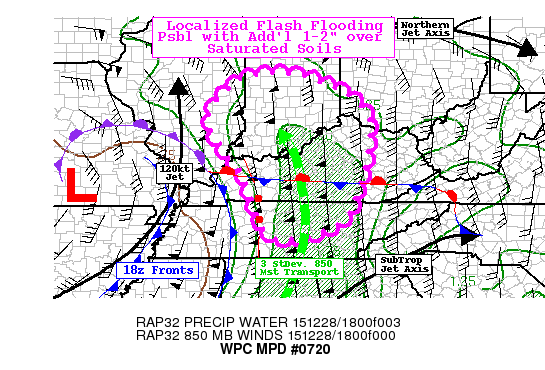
AREAS AFFECTED...CENT KENTUCKY...N CENT TENNESSEE...EXT SE
ILLINOIS...S INDIANA...EXT SW OHIO

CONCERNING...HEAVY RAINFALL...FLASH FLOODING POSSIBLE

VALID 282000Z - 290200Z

SUMMARY...NARROWING BAND OF MODERATE TO HEAVY SHOWERS WITH UP TO
2" TOTALS TO FALL OVER SATURATED SOILS FOR POSSIBLY LOCALIZED
FLASH FLOODING.

DISCUSSION...VERY MATURE OCCLUDED CYCLONE LIFTING NORTH WITH 120
KT SLY 3H POLAR JET CENTERED NEAR THE BOOTHEEL WITH RIGHT ENTRANCE
REGION OVER S IN/SW OH TO SHRINKING OUTFLOW CHANNEL/WESTERLY JET
ACROSS THE GREAT LAKES INTO NEW ENGLAND.  SUBTROPICAL JET CROSSES
THE FRONTAL BOUNDARY ACROSS CENTRAL AL INTO N GA TO KEEP MUCH OF
THE SOUTHERN PORTION OF THE DISCUSSION AREA WITHIN GOOD DIFFLUENCE
BETWEEN IT AND THE SOUTHERLY POLAR STREAM. MOISTURE FLUX REMAINS
WELL OVER 3 STANDARD DEVIATIONS ACROSS THE CENTRAL TN AND OHIO
RIVER VALLEYS MAINLY ON 70-75KT LLJ PUMPING 1.75" TPW ACROSS TN
AND UP TO 1.5" ACROSS S IN.  SOME WEAK INSTABILITY REMAINS WITHIN
THIS WARM/MST SOUTHERLY CHANNEL TO MAINTAIN CONVECTION ALONG
SQUALL LINE ACROSS W CENTRAL KY INTO TN.  RATES OF 1.0-1.5"/HR ARE
EXPECTED WITH THIS LINE BUT EASTWARD PROGRESSION SHOULD REDUCE
TOTALS AOA 1.0".  THIS LINE IS ALSO PRECEDED BY AN HOUR OR SO OF
MODERATE SHIELD PRECIPITATION DUE TO THE LARGE SCALE ASCENT...AS
SUCH AN ADDITIONAL 1-2" CAN BE EXPECTED ACROSS KY/TN...REDUCING TO
.75-1.25" OVER S IN.  THIS COULD LEAD TO ISOLATED FLASH FLOODING
PARTICULARLY NEAR THE OHIO RIVER WHERE PRIOR MODERATE/HVY RAINFALL
HAS REDUCED FFG AS WELL AS FURTHER NORTH NEAR THE I-70 CORRIDOR
THAT ALSO RECEIVED INCREASED TOTALS OVER THE PAST FEW DAYS.
EITHER WAY AMOUNTS WILL COMPOUND ANY ONGOING LARGER STEM RIVER
FLOODING.

BY ABOUT 22-23Z...SOUTHERLY INFLOW WILL START TO BE CUT OFF DUE TO
THE SOUTHERN APPALACHIANS ACROSS THE MID-UPPER OHIO RIVER VALLEY
SIGNIFICANTLY REDUCING RAINFALL RATES/AMOUNTS...AND LESSENING
FLASH FLOOD THREATS ACROSS S CENTRAL OH/W KY.